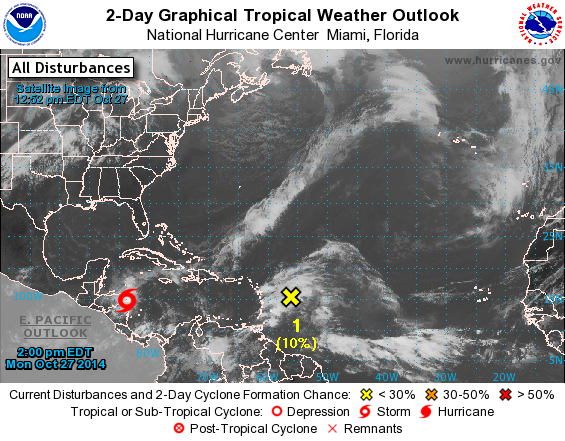
For the North Atlantic...Caribbean Sea and the Gulf of Mexico:

The National Hurricane Center is issuing advisories on newly formed Tropical Storm Hanna, located near the Honduras-Nicaragua border.

1. A tropical wave interacting with an upper-level trough is producing a large area of cloudiness and thunderstorms from the Lesser Antilles eastward over the Atlantic Ocean for several hundred miles. Development, if any, of this disturbance should be slow to occur during the next few days since upper-level winds are only marginally conducive. After that time, conditions are expected to become unfavorable for development while the system moves northwestward to west-northwestward at 10 to 15 mph. Regardless of development, this system will produce brief periods of gusty winds and locally heavy rainfall across the Lesser Antilles through Tuesday.
* Formation chance through 48 hours...high...10 percent.
* Formation chance through 5 days...high...20 percent.

Public Advisories on Tropical Storm Hanna are issued under WMO header WTNT34 KNHC and under AWIPS header MIATCPAT4. Forecast/Advisories on Tropical Storm Hanna are issued under WMO header WTNT24 KNHC and under AWIPS header MIATCMAT4.

Forecaster Stewart